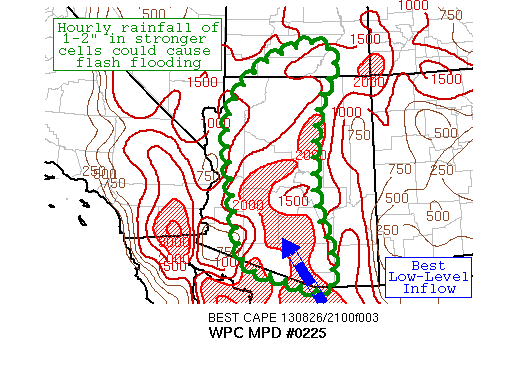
AREAS AFFECTED...CENTRAL AZ...SOUTHERN UT

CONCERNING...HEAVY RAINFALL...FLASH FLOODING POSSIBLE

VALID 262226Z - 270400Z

SUMMARY...WIDELY SCATTERED THUNDERSTORMS ARE SLOWLY GROWING IN
COVERAGE ACROSS PORTIONS OF AZ, WHICH SHOULD MIGRATE INTO SOUTHERN
UT WITH TIME.  REGIONAL FLASH FLOODING IS POSSIBLE IN AREAS WHERE
CELLS TRAIN.

DISCUSSION...WIDELY SCATTERED THUNDERSTORMS ARE SLOWLY INCREASING
IN COVERAGE AND STRENGTH, PER RECENT RADAR IMAGERY.  AZ AND
SOUTHERN UT HAVE SEEN CAPE VALUES BUILD TO AROUND 2000 J/KG DUE TO
SOLAR INSOLATION TO THE EAST OF A BAND OF CLOUDS EXTENDING FROM
THE CYCLONE ONCE KNOWN AS IVO -- LOCATED WEST OF BAJA CALIFORNIA.
DIVERGENCE ALOFT IS BEING SPONSORED BY A COMBINATION OF AN UPPER
LEVEL TROUGH ACROSS THE PACIFIC NORTHWEST AND A RETROGRADING UPPER
LEVEL DISTURBANCE MOVING THROUGH NORTHERN MEXICO.  PRECIPITABLE
WATER VALUES ARE IN THE 1.25-2.25 INCH RANGE ACROSS THIS REGION,
WHICH IS BETWEEN THE 90TH AND 95TH PERCENTILES FOR LATE AUGUST AND
SHOULD ALLOW FOR ABOVE AVERAGE PRECIPITATION EFFICIENCY FOR THE
REGION.  THE STRONGER CELLS ARE EXPECTED TO HAVE RAINFALL RATES OF
1-2" PER HOUR.

INFLOW AT 700 HPA IS AROUND 20 KNOTS FROM THE SOUTHEAST, THOUGH
LOW-LEVEL WIND SHEAR VALUES DO NOT APPEAR TO BE SUFFICIENT TO
ORGANIZE CONVECTION A GREAT DEAL.  THE LATEST GUIDANCE FROM SAB
INDICATES CONVECTIVE COVERAGE SHOULD INCREASE THROUGH THE
REMAINDER OF THE AFTERNOON.  CELL TRAINING IS POSSIBLE, WHICH
COULD LEAD TO LOCAL RAINFALL AMOUNTS OF 2-4 INCHES.  ACTIVITY
SHOULD FADE FROM EAST TO WEST DUE TO STRENGTHENING RIDGING ACROSS
THE CENTRAL UNITED STATES WHICH ERODES PRECIPITABLE WATER VALUES
ACROSS EASTERN AZ WITH TIME.  REGIONAL FLASH FLOODING IS
CONSIDERED POSSIBLE UNTIL 04Z, WHEN THE LATEST HRRR/RAP GUIDANCE
INDICATES PRECIPITATION ACTIVITY SHOULD BE ON THE DOWNTURN DUE TO
EXHAUSTING CAPE.